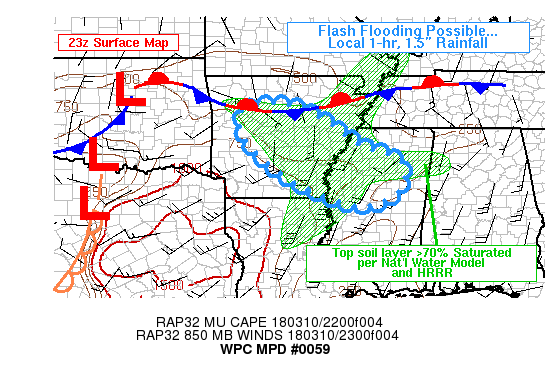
AREAS AFFECTED...AR...NRN MS

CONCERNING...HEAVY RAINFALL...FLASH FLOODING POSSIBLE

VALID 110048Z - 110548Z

SUMMARY...THUNDERSTORMS DUMPING UP TO 1.5-INCH PER HOUR RATES WILL
MOVE THROUGH AREAS STILL DEALING WITH LINGERING RIVER FLOODING AND
SOIL SATURATION. FLASH FLOODING IS POSSIBLE THIS EVENING/OVERNIGHT.

DISCUSSION...AS OF 0030Z SCATTERED THUNDERSTORMS WERE ONGOING OVER
MISSISSIPPI IN AN ENVIRONMENT MARKED BY WARM ADVECTION AND STEEP
LAPSE RATES PER THE 00Z KJAN AND KLZK SOUNDINGS. A SMALL MCS WAS
ATTEMPTING TO FORM IN WESTERN/CENTRAL ARKANSAS. GOES-16 WATER
VAPOR IMAGERY DEPICTED AN IMPRESSIVE SWIRL /SHORTWAVE TROUGH
DROPPING THROUGH NEBRASKA...AND MODELS DEPICT INCREASINGLY DEEP
FRONTOGENESIS AHEAD OF THIS FEATURE OVER NORTHERN ARKANSAS THROUGH
06Z IN THE VICINITY OF A QUASI-STATIONARY SURFACE FRONT. THIS
FORCING ALONG WITH INCREASED LOWER LEVEL INFLOW / 850 MB WINDS
RAMPING UP TO NEAR 30 KNOTS INTO SOUTHERN ARKANSAS / IN RESPONSE
TO THE UPSTREAM SHORTWAVE AND ASSOCIATED HEIGHT FALLS... SHOULD
LEAD TO INCREASED THUNDERSTORM COVERAGE / IF NOT ALSO ORGANIZATION
/ THIS EVENING.

ALTHOUGH HI-RES MODELS SHOWED SOMEWHAT VARIABLE TIMING OF
INITIATION... THEY GENERALLY AGREE TO THE NW TO SE ORIENTED SWATH
THROUGH WHICH A SMALL MCS MAY TRACK OVERNIGHT. WHILE THE ACTIVITY
APPROACHING LITTLE ROCK MAY BE THE MOST CONCENTRATED
INITIALLY...COVERAGE MAY INCREASE IN A SEPARATE AREA OVER
SOUTHEAST ARKANSAS WHERE SEVERAL CONSECUTIVE RAP RUNS PLACE DEEP
MASS FLUX CONVERGENCE...PARTICULARLY PEAKING AROUND 04Z. THE 12Z
WRF-ARW...HREF PROBABILITY MATCHED MEAN...AND 21Z HRRR ALL
APPEARED TO HAVE A GOOD HANDLE ON THINGS...AND WOULD SUPPORT THE
NOTION OF RAIN RATES PEAKING LOCALLY AT 1.5 INCHES PER HOUR
DESPITE THE INVOLVEMENT OF LARGE HAIL AND SOMEWHAT MARGINAL PW
VALUES.

FLASH FLOOD GUIDANCE TENDS TO RECOVER TOO QUICKLY POST-LARGE SCALE
FLOOD EVENTS...AND MAY NOT BE IDEALLY REPRESENTING THE FLASH FLOOD
RISK. THE MPD GRAPHIC OUTLINES AN AREA WHERE THE NATIONAL WATER
MODEL AND HRRR SOIL PRODUCTS INDICATE GREATER THAN 70 PERCENT SOIL
SATURATION LINGERING FROM RECENT FLOODING...WHICH COULD INCREASE
THE PERCENT OF SURFACE RUNOFF ASSOCIATED WITH THE RAINFALL
TONIGHT...LEADING TO A HEIGHTENED CHANCE OF SOME FLASH FLOODING.